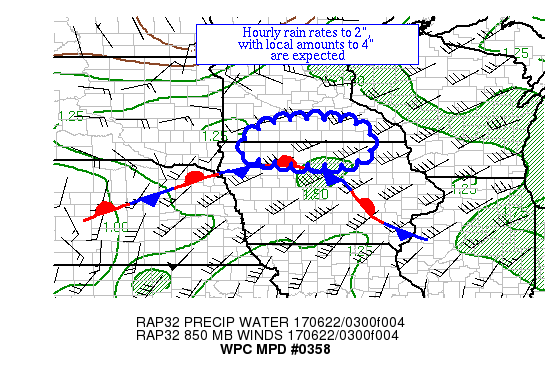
AREAS AFFECTED...IA/MN BORDER

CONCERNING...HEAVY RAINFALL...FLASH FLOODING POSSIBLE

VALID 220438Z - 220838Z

SUMMARY...THUNDERSTORMS ARE EXPANDING IN COVERAGE AND SHOWING SOME
BACKBUILDING AND TRAINING CHARACTERISTICS.  HOURLY RAIN RATES TO
2", WITH LOCAL AMOUNTS TO 4", COULD CAUSE ISSUES.

DISCUSSION...A SHORTWAVE ALOFT IS MOVING INTO WESTERN MN WHICH IS
LEADING TO INCREASED DIVERGENCE ALOFT OVER THE TOP OF A FRONTAL
ZONE IN NORTHERN IA.  CONVECTIVE ELEVATION OVER THE SURFACE
BOUNDARY IS MINIMAL HERE AS THE MUCAPE VALUES ARE 2000-3000 J/KG.
BULK SHEAR IN THE REGION IS ~45 KTS, WHICH WOULD FOSTER THE
DEVELOPMENT OF MESOCYCLONES.  THE INFLOW AT 850 HPA HAS BEEN
RAMPING UP AND IS 40-50 KTS INTO THE REGION PER VAD WIND PROFILES
UPSTREAM, EXCEEDING THE MEAN 850-400 HPA WIND BY 20 KTS WHICH
SHOULD BOOST RAINFALL EFFICIENCY.

ALTHOUGH THERE ARE CONFLICTING SIGNALS REGARDING CONVECTIVE
PROPAGATION (1000-850 HPA THICKNESS DIVERGENCE POINTS
EAST-SOUTHEAST TO SOUTHEAST WHILE FORWARD PROPAGATING CONVECTIVE
VECTORS ARE MORE EASTERLY, THE BROAD AREA OF 1000+ J/KG MUCAPES
SHOULD LEAD TO THE FORWARD PROPAGATING VECTORS BEING MORE FAVORED
IN THIS SITUATION.  FORWARD CELL MOTION OF 20-25 KTS SHOULD
CONTINUE.  INCREASING INFLOW FOR ANOTHER COUPLE HOURS SHOULD
FOSTER MORE BACKBUILDING -- IT IS UNCLEAR IF THE INCOMING COLD
FRONT COULD ACT AS A NEW CONVECTIVE FOCUS IN THE MEANTIME WHICH
WOULD EXACERBATE ISSUES.  THE MESOSCALE GUIDANCE IS DOING A POOR
JOB HERE -- THE 12Z SPC WRF APPEARS TO BE DOING THE BEST SO FAR.
HOURLY RAIN RATES UP TO 2" WITH LOCAL AMOUNTS TO 4" COULD CAUSE
ISSUES OVER AN AREA WITH MODEST FLASH FLOOD GUIDANCE VALUES.  USED
A FOUR HOUR WINDOW AS A HORIZON AND POSSIBLE WORDING DUE TO THE
POOR MESOSCALE GUIDANCE SIGNAL DESPITE A CONVECTIVE SITUATION
WHICH WOULD OTHERWISE LEAD TO LIKELY WORDING.